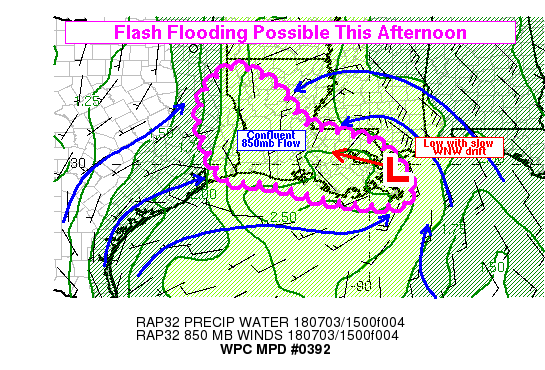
AREAS AFFECTED...LOUISIANA...EXTREME EAST TEXAS

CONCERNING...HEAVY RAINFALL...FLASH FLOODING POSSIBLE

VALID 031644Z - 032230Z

SUMMARY...NUMEROUS SHOWERS AND THUNDERSTORMS SHOULD DEVELOP THIS
AFTERNOON ACROSS LOUISIANA IN A VERY MOIST ENVIRONMENT. THE AREAS
OF HEAVY RAIN MAY BE SLOW-MOVING WHICH SHOULD CONTRIBUTE TO THE
POSSIBILITY OF FLASH FLOODING. RAIN RATES MAY REACH 2-3 IN/HR AND
6-HOUR RAINFALL TOTALS MAY EXCEED 5 INCHES ON A LOCALIZED BASIS IN
THE OUTLINED AREA.

DISCUSSION...A WEAK SURFACE LOW WAS EVIDENT IN SURFACE
OBSERVATIONS NEAR CHANDELEUR SOUND...OR JUST EAST OF NEW
ORLEANS...AND THIS LOW WAS SHOWING A GRADUAL DRIFT TO THE WNW WITH
TIME. MOST MODELS FORECAST THIS GENERAL MOTION TO CONTINUE THROUGH
THE DAY. RADAR VWPS AND GOES-16 DERIVED MOTION WINDS INDICATED
BROADLY CONFLUENT BOUNDARY LAYER FLOW OVER LOUISIANA...GENERALLY
TO THE NORTHWEST AND WEST OF THE SURFACE LOW. ADDITIONALLY...THE
DMW FROM GOES-16 SUGGESTED A WESTWARD TILT WITH HEIGHT TO THE LOW
PRESSURE SYSTEM...WITH THE 500MB TROUGH AXIS LIKELY CLOSER TO
CENTRAL LOUISIANA.

AS THE LOW RETROGRADES TO THE WEST THROUGH THE AFTERNOON...MODELS
ARE IN EXCELLENT AGREEMENT IN SHOWING WIDESPREAD CONVECTIVE
DEVELOPMENT IN THE BUBBLE OF HIGH PWS ACROSS THE REGION. CIRA
BLENDED TPWS ARE AROUND 2.0 TO 2.5 INCHES AND MANY OF THE GPS
OBSERVATIONS IN THE AREA ARE BETWEEN 2.2 AND 2.4 INCHES. THIS IS
CONSISTENT WITH DEEP TROPICAL MOISTURE...AND SHOULD SUPPORT VERY
HEAVY RAIN RATES. GIVEN THE WEAKNESS IN THE FLOW ALOFT COINCIDING
WITH THE LOW-LEVEL CONFLUENT FLOW...STORMS APPEAR MOST LIKELY TO
DEVELOP WHERE THEIR STORM MOTIONS MAY BE SLOWEST AND THIS IS
LIKELY TO COMPOUND THE RISK OF HEAVY RAINFALL.

TWO GENERAL AREAS OF CONCERN EXIST. THE FIRST AREA...NEAR THE
LOW-LEVEL CIRCULATION CENTER WHERE INSTABILITY WILL BE DIMINISHED
BY PERSISTENT DEEPER CLOUD COVER. HOWEVER...ADDITIONAL RAIN IN
SOME AREAS THAT HAVE ALREADY RECEIVED HEAVY RAIN IN THE PAST 12-24
HOURS COULD LEAD TO FURTHER FLOODING ISSUES. GIVEN THE WEAKER
INSTABILITY...WOULD EXPECT RAIN RATES TO BE LOWER IN THIS REGION
(SOUTHEAST LOUISIANA) AND THUS THE FLASH FLOOD RISK MAY ALSO BE
SLIGHTLY LOWER THROUGH 00Z. THE SECOND AREA OF CONCERN...FURTHER
WEST WHERE VISIBLE SATELLITE INDICATES SOME BREAKS IN THE CLOUD
COVER AND RAP ANALYSIS SHOWS GREATER INSTABILITY. RAIN RATES ARE
LIKELY TO BE HIGHER IN THIS REGION...AND RECENT HRRR FORECASTS
SHOW THEM REACHING 3 IN/HR IN LOCALIZED AREAS. THE 12Z HREF ALSO
SHOWS NEIGHBORHOOD PROBABILITIES OF OVER 3 INCHES OF RAIN IN 6
HOURS IN EXCESS OF 70 PERCENT OVER MOST OF SOUTHWEST LOUISIANA
(AND AS HIGH AS 90 PERCENT IN SOME AREAS). THESE PROBABILITIES ARE
SLIGHTLY HIGHER THAN THE HRRR-TLE...BUT THE GENERAL PLACEMENT OF
THE HIGHEST VALUES IS NEARLY IDENTICAL.

THEREFORE...CHANCES OF LOCALIZED HEAVY RAINFALL AND FLASH FLOODING
APPEAR HIGHEST IN SOUTHWEST LOUISIANA...BUT WILL BE POSSIBLE
ANYWHERE IN ADJACENT PORTIONS OF LOUISIANA OR EXTREME EAST TEXAS.
ANTECEDENT CONDITIONS ARE SOMEWHAT DRY OTHER THAN NEAR THE
BEAUMONT AND PORT ARTHUR AREAS OVER THE PAST COUPLE WEEKS...AND
THUS FLASH FLOODING SHOULD BE RELATED STRONGLY TO WHERE VERY HIGH
RAIN RATES CAN PERSIST FOR AT LEAST 1.5 TO 2.0 HOURS.